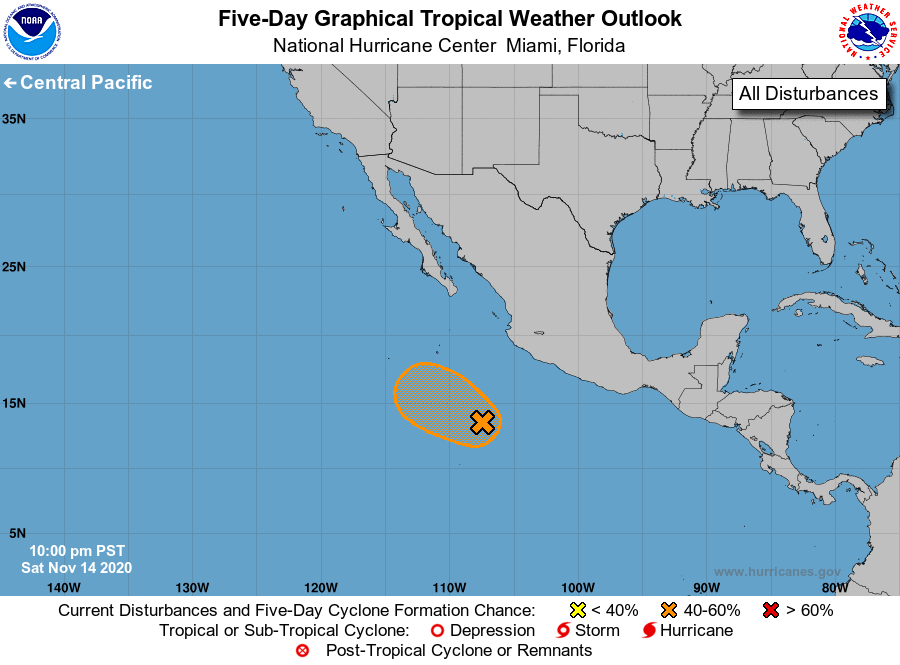
For the eastern North Pacific...east of 140 degrees west longitude:

1. A broad and disorganized area of low pressure located several hundred miles southwest of the coast of southern Mexico continues to produce minimal shower activity. Slow development of this system is possible, and a tropical depression could form in a few days as the system moves slowly west-northwestward or northwestward away from the coast of Mexico. By late next week, conditions are expected to become unfavorable for further development.
* Formation chance through 48 hours...low...30 percent.
* Formation chance through 5 days...medium...50 percent.

Forecaster Zelinsky